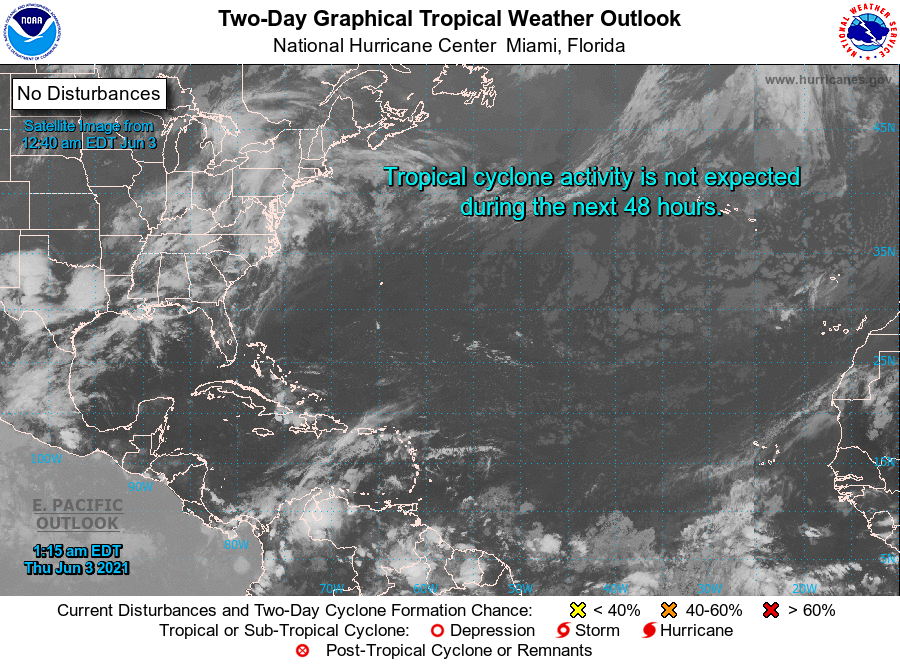
For the North Atlantic...Caribbean Sea and the Gulf of Mexico:

Tropical cyclone formation is not expected during the next 5 days.

Forecaster Reinhart/Beven